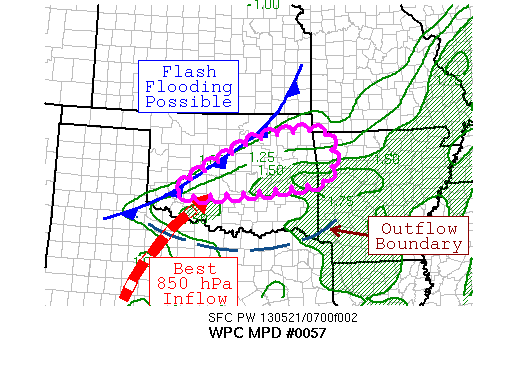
AREAS AFFECTED...CENTRAL AND EASTERN OK...NORTHWEST AR

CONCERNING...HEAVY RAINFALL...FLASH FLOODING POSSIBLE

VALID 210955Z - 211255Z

SUMMARY...A SOLIDIFYING LINE OF CONVECTION HAS DEVELOPED FROM
CENTRAL INTO EASTERN OK AND HAS BEGUN TO TRAIN.  THIS COULD LEAD
TO FLASH FLOODING.

DISCUSSION...A LINE OF CONVECTION HAS FORMED ABOUT 100 MILES NORTH
OF AN OUTFLOW BOUNDARY WHICH HAS BEEN STUCK ACROSS NORTHEAST TX
OVERNIGHT.  COOL AIR ALOFT UNDER THE BASE OF A WEAK SHORTWAVE
ACROSS KS COMBINED WITH BACKING 850 HPA INFLOW OVERRIDING THE
OUTFLOW BOUNDARY HAS LED TO ITS DEVELOPMENT.  THE PRESENCE OF CIN
NEAR THE OUTFLOW BOUNDARY HAS FORCED THE CONVECTION TO BE ELEVATED
IN NATURE.  DIVERGENCE ALOFT IS BEING AIDED BY A STRONGER UPPER
LEVEL DISTURBANCE DRIFTING ACROSS CENTRAL AND EASTERN NM.  THE 12Z
MESOSCALE GUIDANCE HAD THIS INDICATED THIS SOLUTION ON MONDAY,
BEFORE THE 00Z GUIDANCE BACKED OFF WITHIN THEIR QPF FIELDS.  EVEN
SO, THE RAP INDICATED THE POSSIBILITY OF THIS OVERNIGHT WITHIN ITS
MASS FIELD FORECASTS.  THE LINE IS ALIGNED WITH THE
CORFIDI/PROPAGATION VECTORS, AND IS EXPECTED TO PERSIST FOR A FEW
HOURS BEFORE IT ESCAPES AS A WHOLE TO THE EAST-NORTHEAST INTO AR,
POSSIBLY ORGANIZING AS A BOW ECHO IT DOES SO, SIMILAR TO THE LINE
THAT BRIEFLY FORMED BETWEEN 04-07Z ACROSS SOUTHERN OK.  THREE HOUR
FLASH FLOOD GUIDANCE VALUES -- FFGS -- ARE ON THE ORDER OF 2.5
INCHES/3 HOURS.  PRECIPITABLE WATER VALUES -- PWS -- OF 1.50-1.75
INCHES LIE WITHIN THIS REGION.  RAINFALL RATES OF 1-2 INCHES PER
HOUR WOULD EXCEED THIS THRESHOLD, THOUGH THE LINE IS EXPECTED TO
DRIFT NORTHWARD THIS MORNING AT A SLOW RATE OF SPEED.  LOCAL
RAINFALL AMOUNTS OF 3-5 INCHES ARE POSSIBLE, WHICH COULD LEAD TO
FLASH FLOODING.  CONFIDENCE IS MODEST IN FLASH FLOODING DUE TO ITS
NORTHWARD DRIFT, HENCE THE POSSIBLE WORDING.